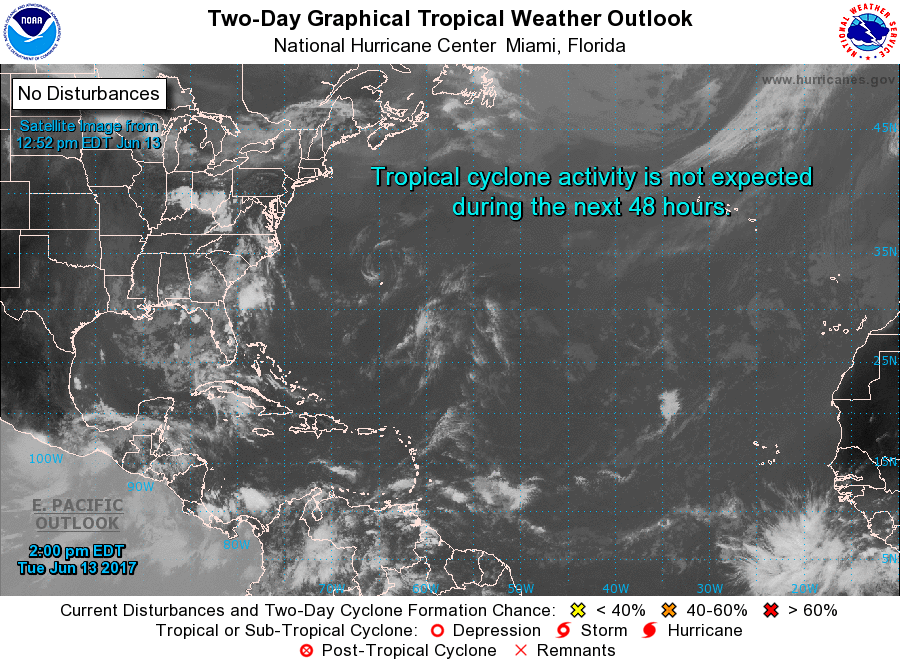
For the North Atlantic...Caribbean Sea and the Gulf of Mexico:

1. A broad area of low pressure is expected to form over the northwestern Caribbean Sea and adjacent land areas by the weekend. Some gradual development of this system is possible thereafter while it moves slowly northwestward.
* Formation chance through 48 hours...low...near 0 percent.
* Formation chance through 5 days...low...20 percent.

Forecaster Pasch